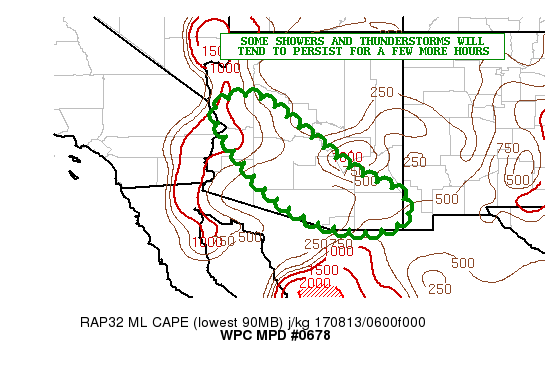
AREAS AFFECTED...CENTRAL/SOUTHERN AZ

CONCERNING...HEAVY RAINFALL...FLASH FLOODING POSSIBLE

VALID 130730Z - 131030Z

SUMMARY...SHOWER AND THUNDERSTORM ACTIVITY WILL TEND TO LINGER FOR
A FEW MORE HOURS. SOME ADDITIONAL FLASH FLOODING CONCERNS ARE
POSSIBLE BEFORE.

DISCUSSION...THE LATEST SATELLITE AND RADAR IMAGERY SHOWS
CONVECTION PERSISTING OVER AREAS OF SOUTH-CENTRAL AND SOUTHEAST
AZ. THE CONVECTION HAS BEEN TENDING TO MAINTAIN ITSELF WITHIN A
MODESTLY UNSTABLE ENVIRONMENT...WITH 500 TO 1000 J/KG OF
MLCAPE...BUT ALSO WITHIN A RATHER DIVERGENT FLOW REGIME ALOFT
COURTESY OF A SHORTWAVE TROUGH FARTHER NORTH THAT IS EJECTING EAST
ACROSS CENTRAL/SOUTHERN UT.

INCREASING BOUNDARY LAYER CINH GIVEN THE LOSS OF DAYTIME HEATING
SHOULD GRADUALLY ALLOW FOR THE CONVECTION TO WEAKEN OVER THE NEXT
SEVERAL HOURS...BUT THERE WILL STILL BE SOME LOCALLY HEAVY
RAINFALL AT LEAST IN THE NEAR-TERM AS SUGGESTED BY SOME OF THE
RECENT COOLING CONVECTIVE TOPS JUST TO THE SOUTH AND SOUTHEAST OF
PHOENIX...AND EAST OF GILA BEND.

THE LATEST HRRR GUIDANCE SUPPORTS SOME ADDITIONAL RAINFALL AMOUNTS
OF LOCALLY 1 TO 1.5 INCHES...OF WHICH MUCH OF THAT WOULD TEND TO
FALL IN A 1 TO 2 HOUR PERIOD GOING THROUGH ABOUT 10Z.
THEREAFTER...CONDITIONS SHOULD IMPROVE...BUT THERE ARE STILL SOME
LINGERING NEAR-TERM FLASH FLOOD CONCERNS.